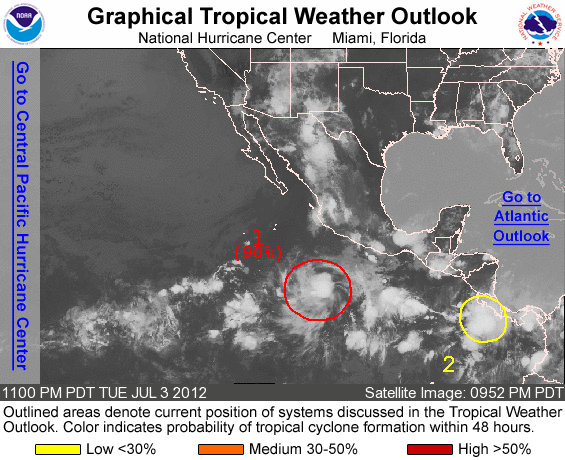
FOR THE EASTERN NORTH PACIFIC...EAST OF 140 DEGREES WEST LONGITUDE..

1. SHOWERS AND THUNDERSTORMS ASSOCIATED WITH A LOW PRESSURE AREA LOCATED ABOUT 500 MILES SOUTH OF MANZANILLO MEXICO CONTINUE TO SHOW SIGNS OF ORGANIZATION. CONDITIONS APPEAR FAVORABLE ADDITIONAL DEVELOPMENT AND THIS SYSTEM IS LIKELY TO BECOME A TROPICAL CYCLONE ON WEDNESDAY. THIS SYSTEM HAS A HIGH CHANCE...90 PERCENT...OF BECOMING A TROPICAL CYCLONE DURING THE NEXT 48 HOURS AS IT MOVES WEST-NORTHWESTWARD AT ABOUT 10 MPH.

2. AN AREA OF DISTURBED WEATHER HAS DEVELOPED JUST SOUTHWEST OF THE COAST OF COSTA RICA. ENVIRONMENTAL CONDITIONS APPEAR CONDUCIVE FOR GRADUAL DEVELOPMENT OF THIS SYSTEM DURING THE NEXT FEW DAYS. THIS DISTURBANCE HAS A LOW CHANCE...10 PERCENT...OF BECOMING A TROPICAL CYCLONE DURING THE NEXT 48 HOURS AS IT MOVES SLOWLY WESTWARD.

ELSEWHERE...TROPICAL CYCLONE FORMATION IS NOT EXPECTED DURING THE NEXT 48 HOURS.

FORECASTER BROWN